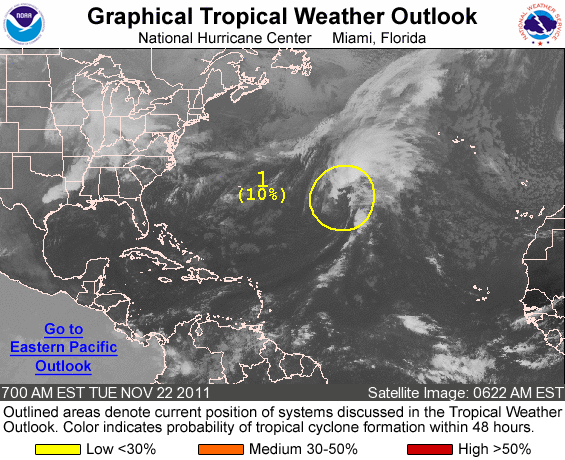
FOR THE NORTH ATLANTIC...CARIBBEAN SEA AND THE GULF OF MEXICO...

1. SURFACE OBSERVATIONS NEAR THE LOW PRESSURE AREA LOCATED ABOUT 1000 MILES EAST-SOUTHEAST OF BERMUDA INDICATES THAT THIS SYSTEM CONTINUES TO OBTAIN FRONTAL CHARACTERISTICS. THE LOW IS LIKELY TO STRENGTHEN AS AN EXTRATROPICAL CYCLONE AND CONTINUE PRODUCING GALE FORCE WINDS AS IT MOVES NORTHEASTWARD DURING THE NEXT COUPLE OF DAYS. THIS SYSTEM HAS A LOW CHANCE...10 PERCENT...OF BECOMING A SUBTROPICAL CYCLONE DURING THE NEXT 48 HOURS.

ADDITIONAL INFORMATION ON THIS LOW CAN BE FOUND IN HIGH SEAS FORECASTS ISSUED BY THE NATIONAL WEATHER SERVICE...UNDER AWIPS HEADER NFDHSFAT1 AND WMO HEADER FZNT01 KWBC.

ELSEWHERE...TROPICAL CYCLONE FORMATION IS NOT EXPECTED DURING THE NEXT 48 HOURS.

FORECASTER BROWN/ROBERTS